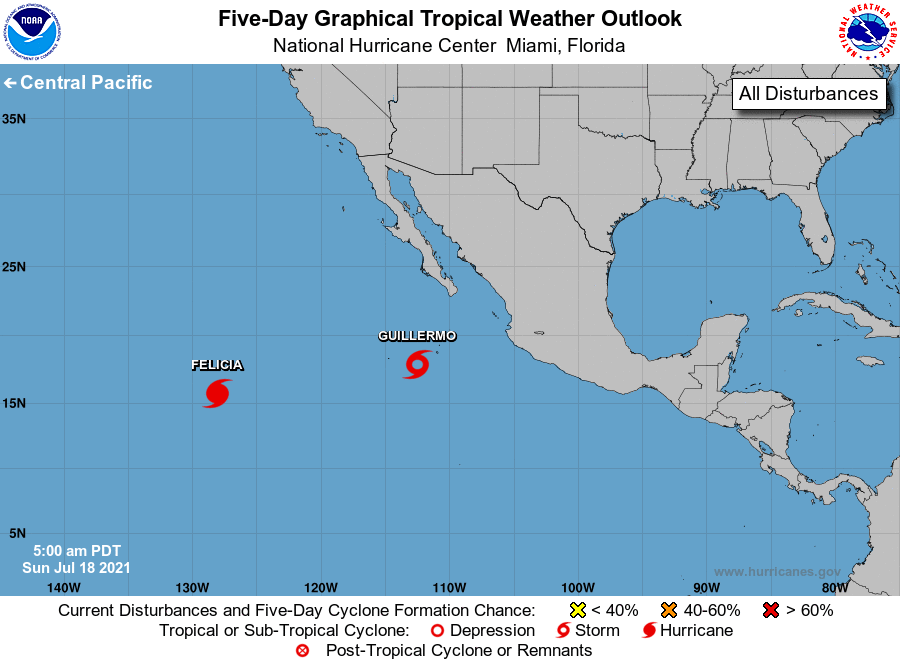
For the eastern North Pacific...east of 140 degrees west longitude:

The National Hurricane Center is issuing advisories on Hurricane Felicia, located over the southwestern part of the basin, and on Tropical Storm Guillermo, located a few hundred miles south- southwest of the southern tip of the Baja California peninsula.

Tropical cyclone formation is not expected during the next 5 days.

&&
Public Advisories on Tropical Storm Guillermo are issued under WMO header WTPZ32 KNHC and under AWIPS header MIATCPEP2. Forecast/Advisories on Tropical Storm Guillermo are issued under WMO header WTPZ22 KNHC and under AWIPS header MIATCMEP2.

Forecaster Blake